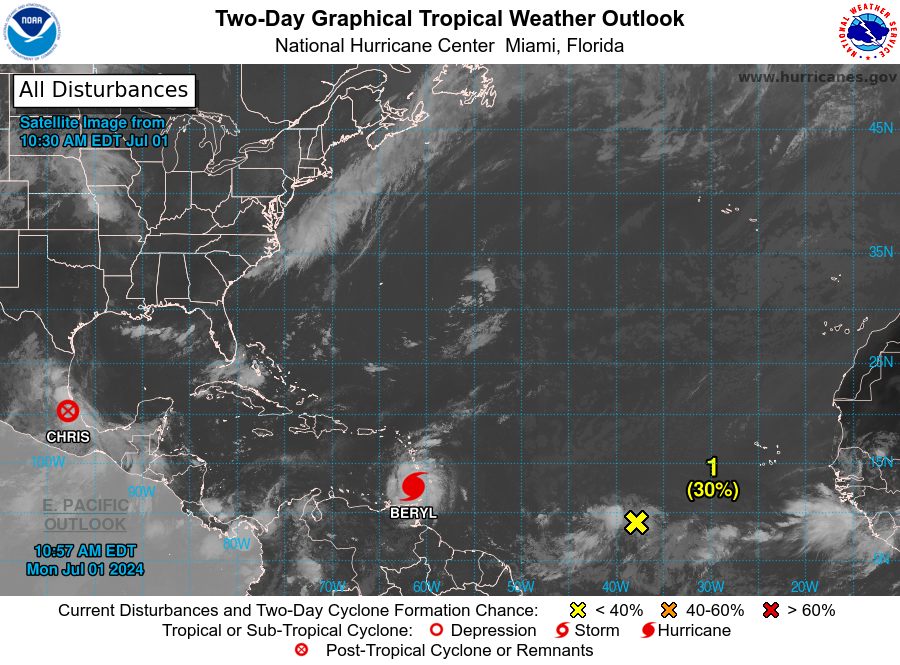
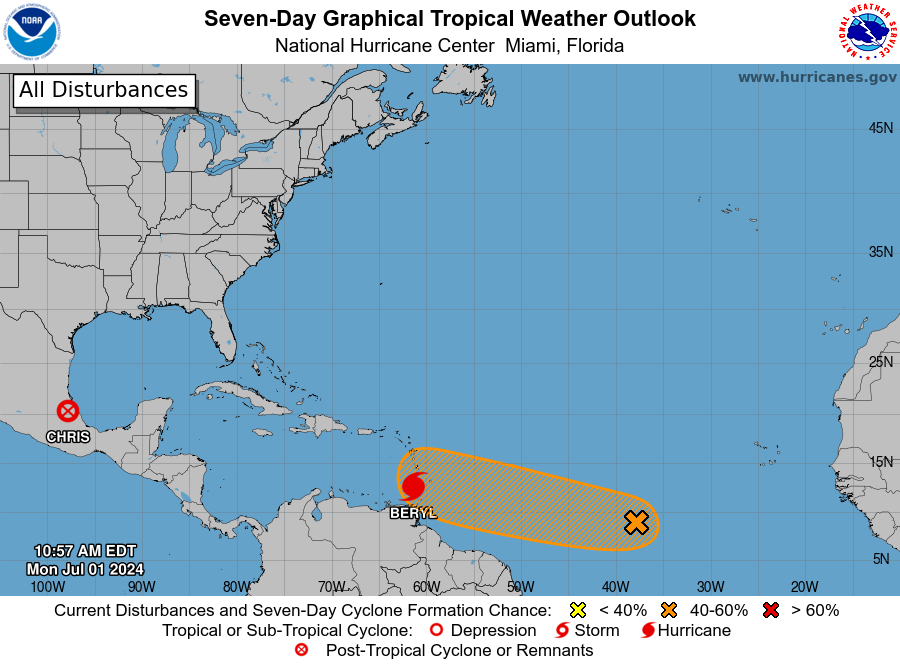
For the North Atlantic...Caribbean Sea and the Gulf of Mexico:

Active Systems: The National Hurricane Center is issuing advisories on Hurricane Beryl, nearing the Windward Islands and Tropical Depression Chris, located inland over eastern Mexico.

1. Central Tropical Atlantic (AL96): Showers and thunderstorms continue in association with an area of low pressure located over 1000 miles east-southeast of the Windward Islands. Environmental conditions appear marginally conducive for additional development of this system, and a tropical depression could form by the middle part of this week while it moves generally westward at 15 to 20 mph across the central and western tropical Atlantic. Interests in the Lesser Antilles should monitor the progress of this system.
* Formation chance through 48 hours...low...30 percent.
* Formation chance through 7 days...medium...60 percent.

Public Advisories on Tropical Depression Chris are issued under WMO header WTNT33 KNHC and under AWIPS header MIATCPAT3. Forecast/Advisories on Tropical Depression Chris are issued under WMO header WTNT23 KNHC and under AWIPS header MIATCMAT3.

Forecaster Kelly